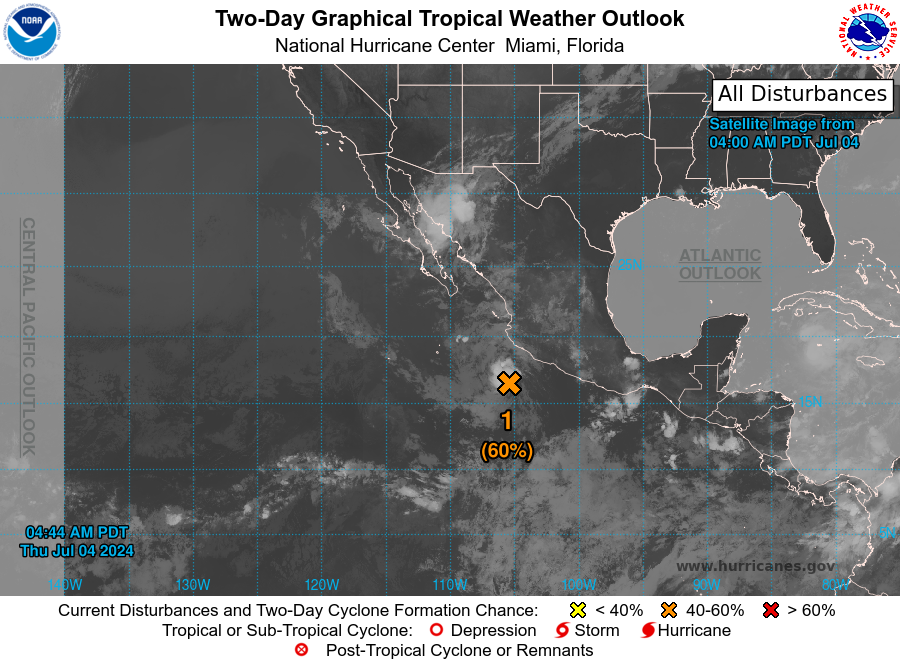
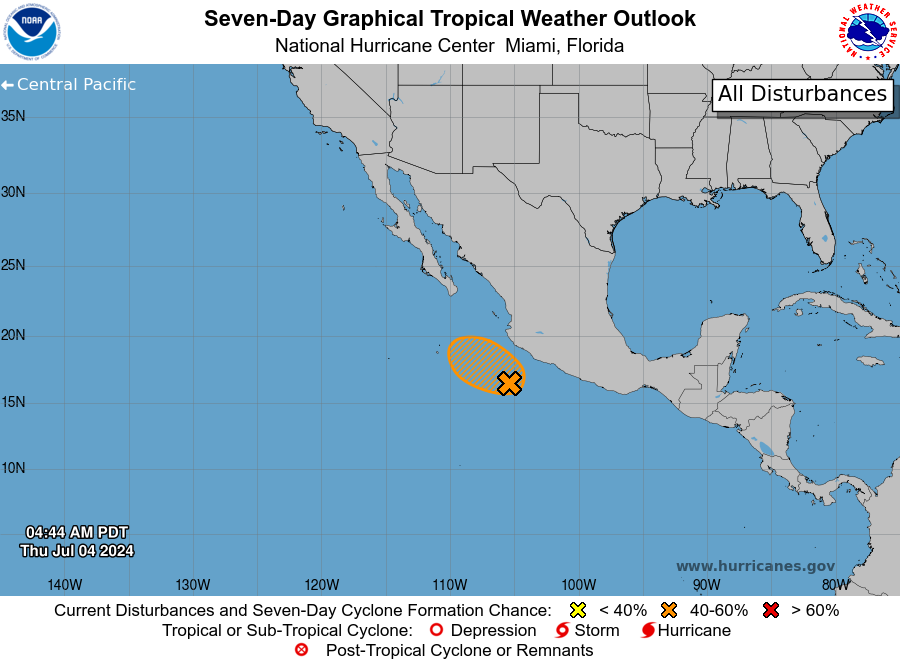
For the eastern North Pacific...east of 140 degrees west longitude:

1. Offshore of Southwestern Mexico (EP91): An area of low pressure located a couple of hundred miles offshore of the southwestern coast of Mexico continues to produce a small area of showers and thunderstorms. Although this activity has become better organized since yesterday, it remains unclear whether the system possesses a well-defined center. Environmental conditions could still support the formation of a short-lived tropical depression later today or tonight while the system moves northwestward offshore of the southwestern coast of Mexico. By Friday, the system is forecast to move over cooler waters and further development is not expected.
* Formation chance through 48 hours...medium....60 percent.
* Formation chance through 7 days...medium...60 percent.

Forecaster Reinhart